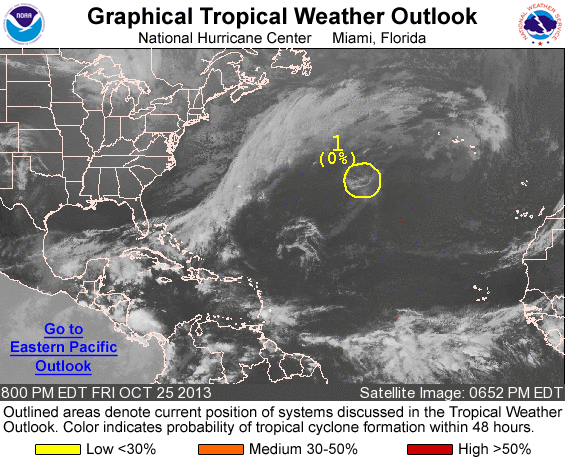
FOR THE NORTH ATLANTIC...CARIBBEAN SEA AND THE GULF OF MEXICO...

1. SHOWERS AND THUNDERSTORMS ASSOCIATED WITH THE REMNANTS OF LORENZO HAVE DIMINISHED...AND ENVIRONMENTAL CONDITIONS ARE NOT CONDUCIVE FOR TROPICAL CYCLONE REGENERATION. THIS SYSTEM HAS A LOW CHANCE...NEAR 0 PERCENT...OF BECOMING A TROPICAL CYCLONE DURING THE NEXT 48 HOURS...AND A LOW CHANCE...NEAR 0 PERCENT...OF BECOMING A TROPICAL CYCLONE DURING THE NEXT 5 DAYS.

FIVE-DAY FORMATION PROBABILITIES ARE EXPERIMENTAL IN 2013. COMMENTS ON THE EXPERIMENTAL FORECASTS CAN BE PROVIDED AT...

HTTP://WWW.NWS.NOAA.GOV/SURVEY/NWS-SURVEY.PHP?CODE=ETWO

FORECASTER AVILA